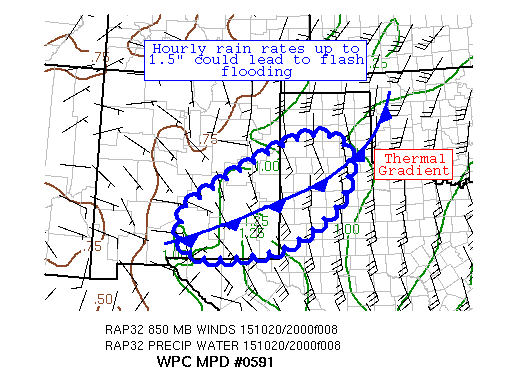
AREAS AFFECTED...SOUTHEAST NM & NORTHWEST TX

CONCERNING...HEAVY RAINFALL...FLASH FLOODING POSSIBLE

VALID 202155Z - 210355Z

SUMMARY...THUNDERSTORMS ARE EXPECTED TO INCREASE IN COVERAGE NEAR
A THERMAL/OUTFLOW BOUNDARY ACROSS THE AREA.  HOURLY RAIN RATES UP
TO 1.5" COULD LEAD TO FLASH FLOODING.

DISCUSSION...WIDELY SCATTERED THUNDERSTORMS HAVE CAUSED A THERMAL
GRADIENT/OUTFLOW BOUNDARY TO FORM AND SHIFT SOUTHEAST ACROSS
SOUTHEAST NM AND THE TX PANHANDLE OVER THE PAST FEW HOURS.  THIS
IS OCCURRING WITHIN A DIVERGENT REGION ALOFT AHEAD OF AN UPPER LOW
IN SOUTHWEST AZ.  MLCAPES ACROSS SOUTHEAST NM HAS INCREASED TO
1000-2000 J/KG, WHILE SURFACE TO 850 HPA WINDS OF 15-20 KTS ARE
FOCUSING PRECIPITABLE WATER VALUES OF 1-1.2" INTO THE BOUNDARY.
CIN ACROSS THE AREA IS DECREASING DUE TO DAYTIME HEATING.
DIRECTIONAL WIND SHEAR ALONG WITH DEWPOINTS IN THE MID 50S ASSURE
FORWARD PROPAGATION TO ACTIVE CONVECTION.

THE EXPECTATION IS FOR CONVECTION TO INCREASE IN COVERAGE AND
INTENSITY OVER THE NEXT SEVERAL HOURS, PRIMARILY BEYOND 23Z.
INFLOW AT 850 HPA INCREASES ABOVE 25 KTS BY 00Z, NEAR THE
MAGNITUDE OF THE 850-400 HPA WIND THOUGH AT A RIGHT ANGLE, WHICH
SHOULD INCREASE PRECIPITATION EFFICIENCY.  PRECIPITABLE WATER
VALUES ARE EXPECTED TO BREACH 1.25", 2-2.5 SIGMAS ABOVE THE MEAN
FOR LATE OCTOBER, WHICH IN THE HIGH PLAINS IS NEAR THE THRESHOLD
FOR A BROADER SCALE HEAVY RAIN THREAT.  WHILE UNORGANIZED
CONVECTION SHOULD CONTINUE TO MOVE NORTHEAST AT ROUGHLY 25 KTS,
ORGANIZED CELLS SHOULD TRACK MORE TO THE EAST-NORTHEAST PARALLEL
TO 1000-850 HPA THICKNESS LINES AS THE THERMAL GRADIENT/OUTFLOW
BOUNDARY SHIFTS SLOWLY EASTWARD AND PERHAPS SOUTHWARD.  AFTER 02Z,
CONVECTION COULD BECOME MORE ELEVATED OVER THE BOUNDARY AS CIN
REDEVELOPS.

CELL TRAINING IS EXPECTED TO BE THE MAIN HEAVY RAIN THREAT IN THIS
REGION.  HOWEVER, THE GALVEZ-DAVISON INDEX BASED ON THE 12Z GFS
INDICATES THAT THUNDERSTORMS SHOULD REMAIN SCATTERED RATHER THAN
NUMEROUS IN COVERAGE, WHICH COULD MAKE THIS A MARGINAL FLASH FLOOD
THREAT -- USED THE POSSIBLE CATEGORY BECAUSE OF THE ABOVE.  THE
CAM GUIDANCE ADVERTISES LOCAL AMOUNTS IN THE 2-4" RANGE, WHICH
COULD FALL QUICKLY.  THIS MAGNITUDE OF RAINFALL IS CLOSE TO THE 10
YEAR RECURRENCE INTERVAL OVER A SIX HOUR PERIOD.  AVAILABLE
MOISTURE SUPPORTS HOURLY RAIN RATES UP TO 1.5".  BASED ON THE
LOCATION OF THE SURFACE BOUNDARY AND EXPECTATIONS OF CONVECTIVE
MOVEMENT THROUGH 04Z, BELIEVE A COMPROMISE OF THE 12Z SPCWRF AND
18Z NAM CONEST APPEARS THE MOST REALISTIC WITH CONVECTIVE
PLACEMENT.  FLASH FLOODING IS CONSIDERED POSSIBLE.